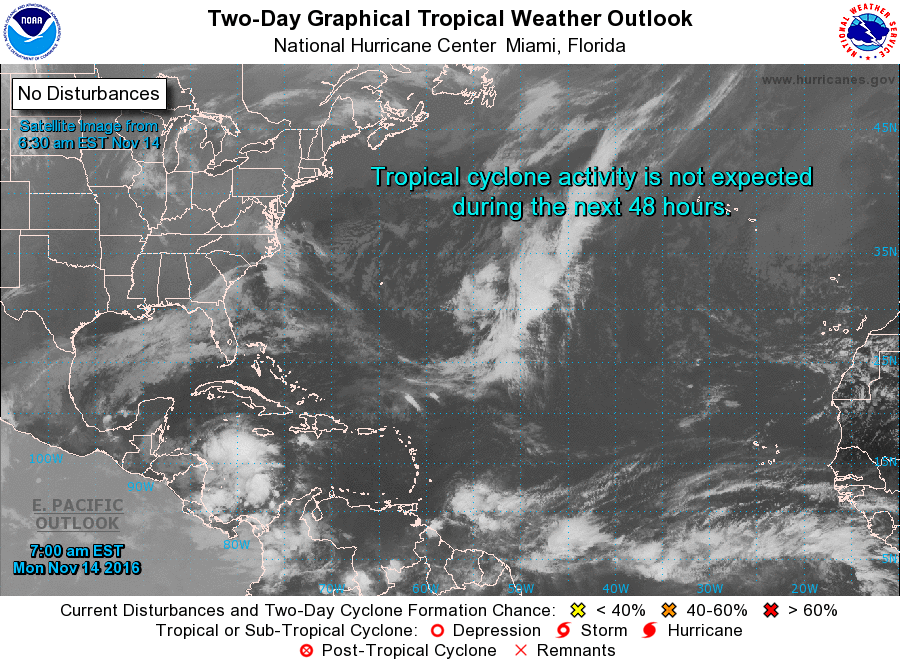
For the North Atlantic...Caribbean Sea and the Gulf of Mexico:

1. A broad area of low pressure is expected to form over the southwestern Caribbean Sea during the next day or two. Environmental conditions are forecast to be conducive for slow development of this system, and a tropical depression could form by late this week while the low drifts northward or northeastward.
* Formation chance through 48 hours...low...near 0 percent
* Formation chance through 5 days...medium...60 percent

Forecaster Stewart